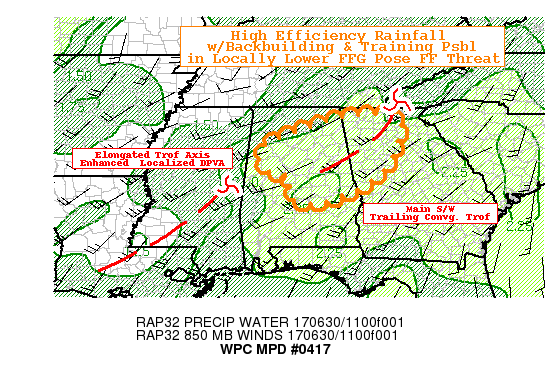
AREAS AFFECTED...CENTRAL AL...NORTHWEST GA

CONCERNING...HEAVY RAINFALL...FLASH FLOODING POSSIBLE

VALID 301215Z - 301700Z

SUMMARY...DEEP WARM CLOUD PROCESSES LEADING TO EFFICIENT HVY
RAINFALL WITHIN ENVIRONMENT SUPPORTING TRAINING AND BACKBUILDING.
FLASH FLOODING IS POSSIBLE.

DISCUSSION...WV LOOP DENOTES MAIN SHORTWAVE/WEAK HEIGHT FALLS
SHEARING THROUGH THE CAROLINAS WITH ELONGATED MID-LEVEL SHEAR AXIS
EXTENDING THROUGH N GA /N CENT AL TOWARD S MS.  A LOCAL VORT
MAXIMA IS NEAR THE CENTRAL MS/AL LINE.  THIS DPVA AND 900-600MB
GENERAL CONFLUENCE IN THE VICINITY HAS SPARKED A CLUSTER OF
SHOWERS JUST WEST OF BHM.  RAP ANALYSIS SUGGESTS A SMALL LOCAL
MAXIMA OF ACCESSIBLE INSTABILITY IN A SKINNY VERTICAL PROFILE WITH
VERY HIGH WBZ LEVELS AND SMALL WBZ/FGZ IN A NEARLY SATURATED
PROFILE SUGGESTS EFFICIENT WARM CLOUD PROCESSES.  GIVEN TPWS IN
THE LAYER ARE NEAR 2.25" AND MINOR FLUX...RAIN RATES OF 2.5"/HR
ARE POSSIBLE (WHERE RADAR RAIN RATE ALGORITHMS ARE MORE LIKELY TO
UNDERESTIMATE). ALSO WITH STRONGER UPSTREAM FLOW/CONFLUENCE
C-VECTORS ALSO SUPPORT BACKBUILDING INTO THIS COMPLEX FURTHER
EXTENDING THE DURATION OF HEAVY RAINFALL...POSSIBLY AS GREAT AS
2-4" TOTAL. TO FURTHER COMPOUND THE SITUATION THE CLUSTER IS
MOVING TOWARD LOWERED FFG AREA (BHM METRO) FURTHER INCREASING THE
LIKELIHOOD OF REACHING FLASH FLOODING CONDITIONS.  CURRENT OU
CIMMS FLASH QPE/FFG RATIOS ARE ALREADY AOA 1.0 OVER N TUSCALOOSA
COUNTY.

FURTHER SOUTH...A WEAK LOW-MID LEVEL TRAILING CONVERGENCE TROF IS
SUPPORTING BROKEN CONVECTIVE ELEMENTS ACROSS EAST CENTRAL AL AND
THESE ARE FAVORABLY ORIENTED WITH THE MEAN FLOW TO SUPPORT
TRAINING.  WHILE CONVERGENCE IS LESS (NOTING SLIGHTLY LESS
VIGOROUS UPDRAFTS) RAINFALL EFFICIENCY WILL BE STRONG WITH THESE
CELLS AS WELL ALSO TRACKING THROUGH REDUCING FFG VALUES SUGGESTING
FF IS POSSIBLE HERE AS WELL.  BOTH AREAS ARE FORECAST TO SLOWLY
EXHAUST REMAINING INSTABILITY POOLS AND SLOWLY ADVANCE NE WITH THE
MEAN SHORTWAVE/VORT FEATURES GENERALLY WEAKENING TOWARD THE GA
BOARDER...THOUGH THE NORTHERN COMPLEX GIVEN STRONGER CONVERGENCE
MAY PERSIST LONGER POTENTIALLY AFFECTING N GA HIGHER/COMPLEX
TERRAIN ESPECIALLY IF LOW LEVEL CLOUDS BREAK AND INCREASE
INSOLATION/INSTABILITY IN ADVANCE OF THE WAVE.